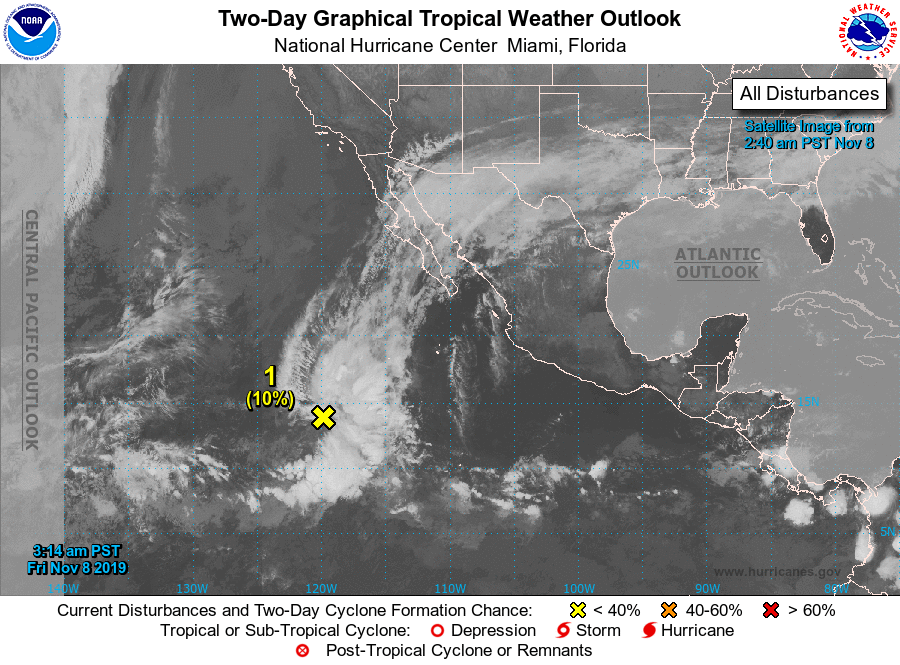
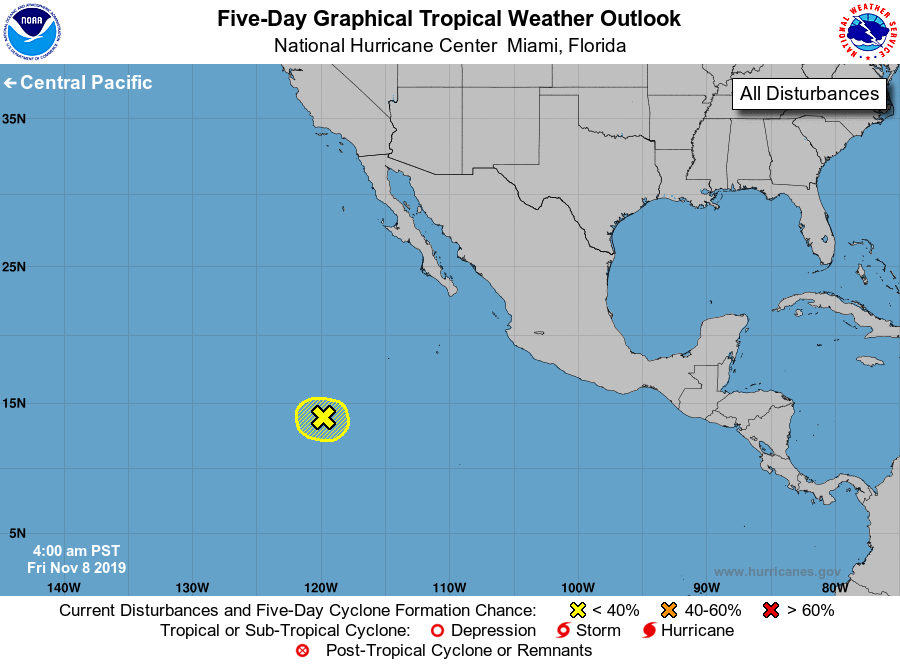
For the eastern North Pacific...east of 140 degrees west longitude:

1. A disorganized area of disturbed weather is located several hundred miles southwest of the southern tip of the Baja California peninsula. Upper level winds are forecast to be unfavorable for the development of this system as it moves little over the next couple of days.
* Formation chance through 48 hours...low...10 percent.
* Formation chance through 5 days...low...10 percent.

Forecaster Avila